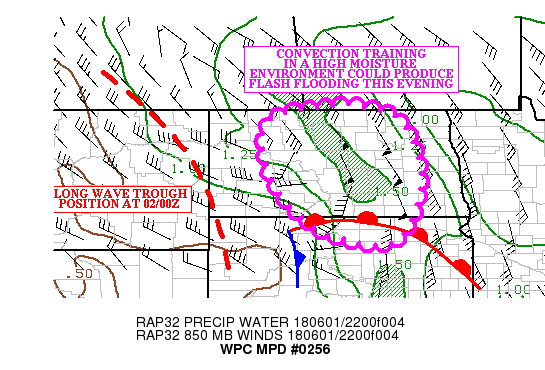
AREAS AFFECTED...ND...NORTH CENTRAL SD

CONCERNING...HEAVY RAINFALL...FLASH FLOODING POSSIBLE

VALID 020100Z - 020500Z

SUMMARY...CELLS TRAINING ALONG CONVECTIVE LINES CROSSING WESTERN
AND CENTRAL ND THIS EVENING COULD POSE A FLASH FLOOD THREAT.

DISCUSSION...REGIONAL RADARS CONTINUE TO SHOW CONVECTIVE LINES
SLOWLY CROSSING WESTERN AND CENTRAL ND LATE THIS AFTERNOON AND
EARLY THIS EVENING. THE CONVECTION IS ALIGNED WITH AN AXIS OF
1500-2000 J/KG OF MLCAPE CENTERED OVER WESTERN AND NORTHERN ND.
AHEAD OF A LONG WAVE TROUGH APPROACHING FROM EASTERN MT...CELLS
ALONG THE LINES ARE TRACKING NORTH NORTHWEST...AS THE LINES
THEMSELVES MOVE EASTWARD.

MODEL SOUNDINGS ACROSS WESTERN AND NORTHERN ND INDICATED THAT MUCH
OF THE INSTABILITY WAS ELEVATED NORTH OF THE SURFACE WARM FRONT.
SOUNDINGS ALSO SHOWED STEEP MID LEVEL LAPSE RATES (GREATER THAN
7.0 C/KM) OVER THE AREA...AND LOCAL RADARS HAVE SHOWN HAIL CORES
IN MANY OF THE INDIVIDUAL CELLS. THIS IS SUPPORTED BY THE HCA
PRODUCTS FROM THE KBIS RADAR.

HOWEVER...A 40 TO 50 KNOT LOW LEVEL SOUTH SOUTHEAST FLOW CONTINUES
TO SUPPLY 1.50 INCH PRECIPITABLE WATER INTO THE CONVECTION.
DESPITE THE HAIL PRODUCERS...
SPOTTER REPORTS HAVE INDICATED RAINFALL AMOUNTS GREATER THAN 1.50
INCHES OVER WESTERN AND CENTRAL ND WITH THE CELLS.

AS THE CELLS TRACK NORTH NORTHWEST ALONG THE LINES OF CONVECTION
AS THEY MOVE EAST THIS EVENING...THE POTENTIAL EXISTS FOR LOCAL
1.50/2.00 INCH RAINFALL AMOUNTS AMONG THE HAIL PRODUCING STORMS.
THREE HOUR FLASH FLOOD GUIDANCE VALUES ARE AS LOW AS 1.00/1.50
INCHES ACROSS PORTIONS OF CENTRAL ND...SO DESPITE THE PRESENCE OF
THE HAIL PRODUCING STORMS...FLASH FLOODING IS A CONCERN. TRAINING
CELLS COULD RESULT IN LOCAL RAINFALL AMOUNTS IN EXCESS OF 2.00
INCHES...ESPECIALLY OVER CENTRAL ND.

THE 850-300 MB FLOW SHOULD CONTINUE TO PUSH THE CONVECTIVE LINES
EASTWARD...EVEN AS THE CELLS TRACK NORTH NORTHWEST. THE LINE
MOVEMENT COULD MITIGATE THE FLASH FLOOD THREAT TO A DEGREE (OR AT
LEAST LIMIT THE EXTENT OF A MORE WIDESPREAD FLASH FLOOD PROBLEM).
AS THE STORMS MOVE INTO EASTERN ND AFTER 02/05Z...THE THREAT FOR
FLASH FLOODING SHOULD DIMINISH...AS THE CONVECTION BECOMES MORE
OUTFLOW DOMINATED.